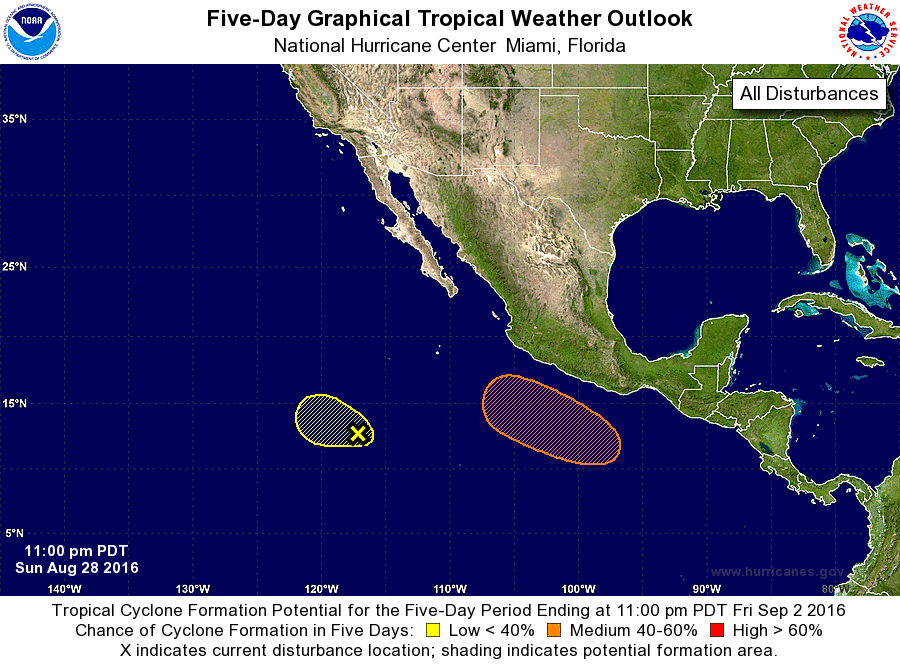
For the eastern North Pacific...east of 140 degrees west longitude:

The National Hurricane Center is issuing advisories on Hurricane Lester, located about 1100 miles west-southwest of the southern tip of the Baja California peninsula.

1. A large area of cloudiness and showers located several hundred miles south-southwest of the southern tip of the Baja California peninsula is showing some signs of organization. However, any development of this system is expected to be slow to occur while it moves slowly westward or west-northwestward during the next few days.
* Formation chance through 48 hours...low...10 percent
* Formation chance through 5 days...low...20 percent

2. An area of low pressure is expected to form later this week a few hundred miles south or southeast of Acapulco, Mexico. Environmental conditions appear conducive for slow development of this system while it moves west-northwestward or northwestward.
* Formation chance through 48 hours...low...near 0 percent
* Formation chance through 5 days...medium...40 percent

Forecaster Kimberlain